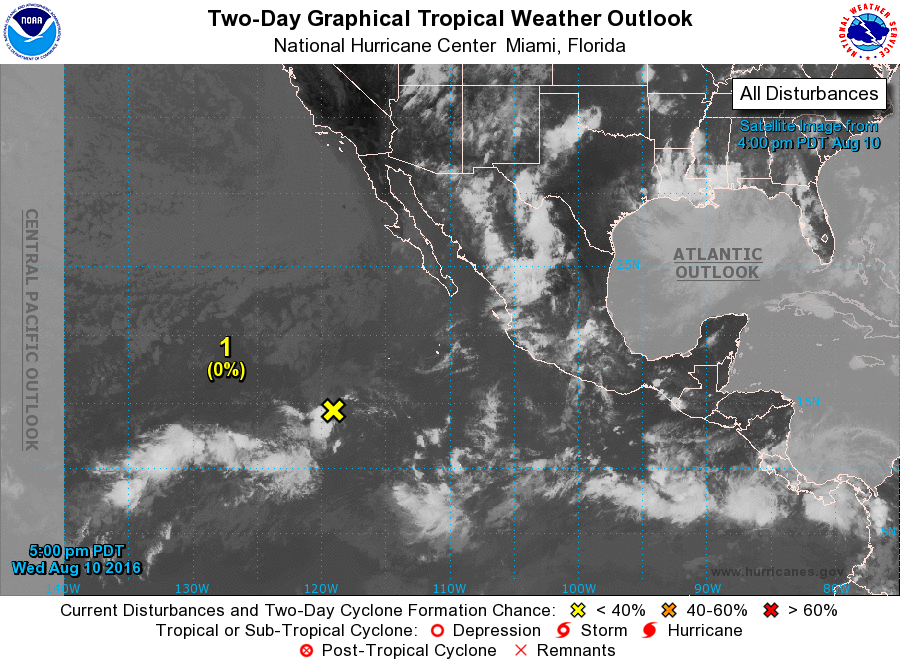
For the eastern North Pacific...east of 140 degrees west longitude:

1. A small low pressure area is located about 900 miles southwest of the southern tip of the Baja California peninsula. The low is forecast to merge with a larger area of disturbed weather farther west in a couple of days, and some slow development of that system is possible this weekend or early next week while it moves generally westward.
* Formation chance through 48 hours...low...near 0 percent
* Formation chance through 5 days...low...20 percent

Forecaster Cangialosi